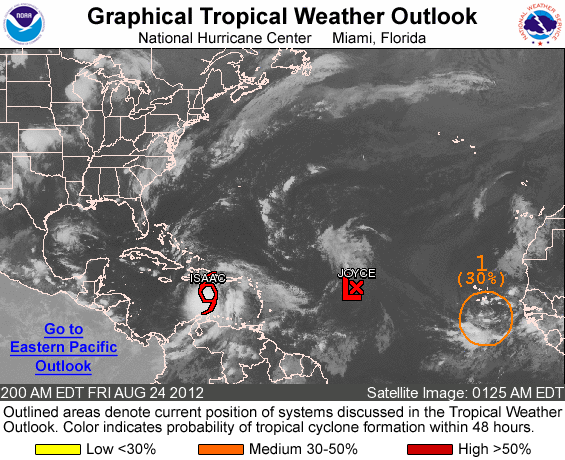
FOR THE NORTH ATLANTIC...CARIBBEAN SEA AND THE GULF OF MEXICO...

THE NATIONAL HURRICANE CENTER IS ISSUING ADVISORIES ON TROPICAL STORM ISAAC...LOCATED ABOUT 115 MILES SOUTH-SOUTHEAST OF SANTO DOMINGO DOMINICAN REPUBLIC...AND ON TROPICAL DEPRESSION JOYCE...LOCATED ABOUT 1200 MILES EAST OF THE LEEWARD ISLANDS.

1. SHOWERS AND THUNDERSTORMS ARE ASSOCIATED WITH A TROPICAL WAVE LOCATED NEAR THE CAPE VERDE ISLANDS. SOME DEVELOPMENT OF THIS WAVE IS POSSIBLE OVER THE NEXT COUPLE OF DAYS AS IT MOVES TO THE WEST OR WEST-NORTHWEST AT ABOUT 15 MPH. THIS SYSTEM HAS A MEDIUM CHANCE...30 PERCENT...OF BECOMING A TROPICAL CYCLONE DURING THE NEXT 48 HOURS.

ELSEWHERE...TROPICAL CYCLONE FORMATION IS NOT EXPECTED DURING THE NEXT 48 HOURS.

FORECASTER LANDSEA